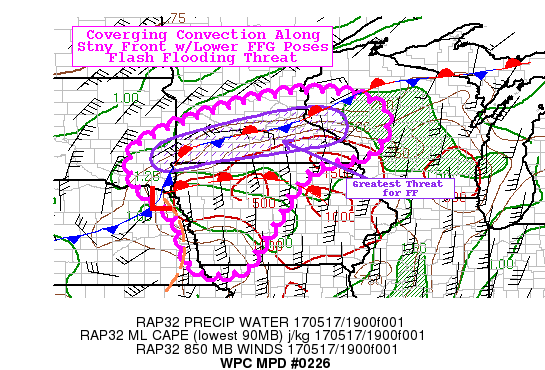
AREAS AFFECTED...SE SD...EXT E NEB...W & N IA...S MN...W WI

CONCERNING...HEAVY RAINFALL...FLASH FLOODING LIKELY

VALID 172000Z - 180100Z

SUMMARY...SATURATED SOIL CONDITIONS AND POTENTIAL FOR REPEAT
CONVECTION PARTICULARLY ALONG STATIONARY FRONT IN S MN/W WI LIKELY
TO POSE FLASH FLOOD THREAT.

DISCUSSION...GOES-E WV LOOP DENOTES A MATURE DEEP CYCLONE OVER NE
NEB WITH A FEW SHORTWAVE SPOKES ROTATING THROUGH THE EASTERN
HEMISPHERE SPARKING CONVECTIVE ACTIVITY.  AT THE SURFACE THE DEEP
CYCLONE IS LOCATED JUST WEST OF SUX IN NE NEB WITH A STATIONARY
FRONT EXTENDING NORTH THEN ENE ACROSS SE SD INTO S MN TOWARD MSP
LOCKED INTO PLACE BY FAIRLY IMPRESSIVE COOL CONVEYOR/NORTH
COMPONENT WINDS FROM SFC TO 8H. A SECONDARY SURGE OF SOUTHERLY
WINDS UP TO 25KTS ACROSS CENTRAL AND EASTERN IA CAN BE DEPICTED AS
A SECONDARY WARM FRONT AND IS SCATTERED WITH ACTIVATING CONVECTION
WITHIN UNSTABLE ENVIRONMENT WITH 1000-1500 MLCAPE AND MID 60S TO
ISOLATED 70F SFC TDS. DPVA ON LEAD EDGE OF SHORTWAVE ENERGY
DEPICTED WELL AT LEADING EDGE OF COOLER TEMPS IN WV IS THE
CATALYST FOR CONVECTIVE DEVELOPMENT.  GIVEN THE BROAD AREA OF
ASCENT WITH LIMITED CAPPING AND MODEST INSTABILITY...CONVECTION IS
MORE NUMEROUS WITH CONVECTIVE CORES BUT CORES ARE ALSO GENERALLY A
BIT SMALLER IN SCALE...LIMITING DURATION AND RAINFALL
GENERATION/EFFICIENCY OF THE CONVECTION.  STILL WITH TPWS OF 1.25
INCREASING TO 1.5" ALONG THE STATIONARY FRONT (WHERE MOISTURE IS
TRAPPED)...CELLS ARE LIKELY TO HAVE RATES UP TO 1.25" THOUGH
PRODUCE STREAKS OF 1-1.5" ACROSS N CENTRAL IA.  HOWEVER...WITH
DEEPLY STACKED CYCLONE...CELLS WILL EVENTUALLY BECOME CONFLUENT
INTO THE AXIS OF THE STATIONARY FRONT FROM SE SD ACROSS S
MN...WHILE DECAYING SLOWLY WITH LOSS OF BEST INSTABILITY.  STILL
WITH MERGERS AND OVERRUNNING THE BOUNDARY...RAINFALL TOTALS WILL
BEGIN TO COMPILE ALONG THE BOUNDARY MUCH LIKE THE CURRENT PROCESS
NEAR THE CENTER OF THE UPPER LOW IN SD ATTM WHERE INSTABILITY IS
BEING LIMITED DUE TO ONGOING OCCLUSION PROCESSES AND INCREASE IN
OVERRUNNING COOLER/STABLE AIR.  AS SUCH THE FOCUS OF MOST INTENSE
RAINFALL AND CORES WILL SLOWLY SHIFT EASTWARD FROM SD ACROSS S MN
TOWARD W WI THROUGH THE LATE AFTERNOON HOURS EARLY EVENING AS THE
SECONDARY WARM FRONT AND ASSOCIATED CONVECTION INTERSECT THE
STATIONARY FRONT.  HI-RES CAMS SUGGEST BROAD 2-3" THROUGH 02Z WITH
ISOLATED 3-4" TOTALS POSSIBLE WHERE BEST CORES TRANSECT THE
BOUNDARY. FAIRLY STRONG AGREEMENT IN THE HI-RES CAMS PROVIDES
HIGHER CONFIDENCE IN HI-RES ENSEMBLES SUCH AS THE HREF VER. 2 SSEO
MEAN AND HRRRTLE.  GIVEN FFG VALUES IN THE AREAS RANGE AROUND 2-3
IN 3HRS WITH LOWER VALUES NEAR URBAN CENTERS ARE AREAS AFFECTED
OVER THE LAST TWO NIGHTS ALONG THE MS RIVER IN SE MN/W WI...AS
SUCH FF THREAT IS CONSIDERED LIKELY

FURTHER SOUTH ALONG THE MO RIVER INTO W IA..STRONG SHORTWAVE
ROUNDING THE BASE OF THE CYCLONE IS PROVIDING STEEPENING LAPSE
RATES AND DPVA FOR VERTICAL ASCENT SPURRING A LARGE CONVECTIVE
OVERTURNING WITH NUMEROUS CONVECTIVE CORES.  SOME N-S LINEAR ROLLS
ARE NOTED IN SATELLITE IR TOPS/RADAR REF PARTICULARLY CLOSER TO
THE SHORTWAVE AXIS ITSELF.  CELLS ARE BIT MORE ISOLATED FURTHER
EAST AND THEREFORE A BIT MORE ROBUST. CONCERNS FOR CELLS ALONG
THESE LINER LINES TO TRACK/REPEAT THROUGH AREAS OF SATURATED SOILS
(MAINLY OVER E NEB/W IA) POSE SOME CONCERN OF EXCEEDING LOWERED
FFG VALUES IN THE AREA PARTICULARLY IN THE 1HR OR 2HR RANGES GIVEN
FAIRLY PROGRESSIVE NATURE.  AS SUCH ISOLATED FF THREAT IS POSSIBLE
WITHIN THIS AREA AS WELL OVER THE LATE AFTERNOON INTO EARLY
EVENING HOURS.